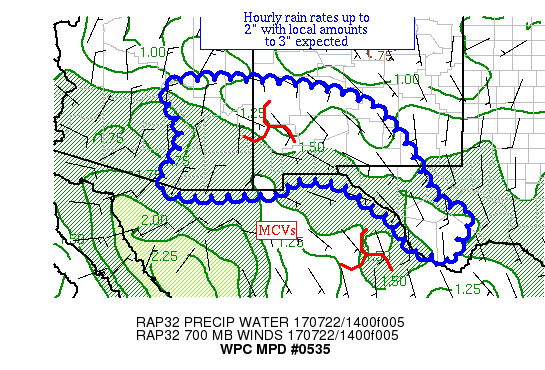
AREAS AFFECTED...WEST TX, SOUTHWEST NM, & SOUTHEAST AZ

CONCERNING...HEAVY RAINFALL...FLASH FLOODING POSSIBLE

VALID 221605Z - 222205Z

SUMMARY...THUNDERSTORMS ARE EXPECTED TO DEVELOP IN THE
NEIGHBORHOOD OF TWO MCVs ACROSS PORTIONS OF THE SOUTHWEST.  HOURLY
RAIN RATES UP TO 2" WITH LOCAL AMOUNTS TO 3" ARE EXPECTED.

DISCUSSION...A PAIR OF MCVs LURK ACROSS SOUTHWEST NM AND JUST WEST
OF THE TX BIG BEND, SPOTTED ON EXPERIMENTAL GOES-16 0.86
MICRON/"VEGGIE BAND" IMAGERY.  RAP ANALYSES CAPTURE THE NM FEATURE
AT THE 700 HPA LEVEL.  CUMULIFORM CLOUDS ARE BUILDING AS CIN
ERODES ACROSS SOUTHWEST NM.  ML CAPE VALUES OF 500-1500 J/KG ARE
SEEN CURRENTLY ON SPC MESOANALYSES.  PRECIPITABLE WATER VALUES ARE
1-1.5" PER RECENT GPS INFORMATION.

A BUILDING RIDGE ACROSS THE GREAT BASIN IS EXPECTED TO PUSH THE NM
MCV SOUTHWARD DURING THE DAY TODAY. RELATIVELY SLOW CELL MOTIONS
ARE EXPECTED AS THE MEAN 850-400 HPA WIND IS LIGHT AND VARIABLE,
GENERALLY AROUND THE NM MCV.  MOSTLY CLEAR SKIES SHOULD ALLOW
1000-1500 J/KG OF ML CAPE TO BUILD ACROSS THE REGION, WHICH SHOULD
FOSTER THUNDERSTORMS WITH INCREASING RAIN RATES/COOLING CLOUD TOPS
INTO THIS AFTERNOON.  THE 06Z SSEO NEIGHBORHOOD PROBABILITIES OF
EXCEEDING THE THREE HOUR FLASH FLOOD GUIDANCE VALUES SHOW SPOTS OF
50%+ CHANCE OF EXCEEDANCE ACROSS SOUTHERN NM AND SOUTHEAST AZ
THROUGH 22Z.  THE AVAILABLE MOISTURE AND INSTABILITY FAVOR HOURLY
RAIN RATES UP TO 2".  THERE IS A SIGNAL WITHIN THE MESOSCALE
GUIDANCE FOR LOCAL AMOUNTS OF 3".  THIS COULD LEAD TO ISSUES IN
AREAS WHERE SOILS ARE PARTIALLY SATURATED FROM RECENT RAINS,
WITHIN EXISTING BURN SCARS, AND WITHIN RUGGED TERRAIN.